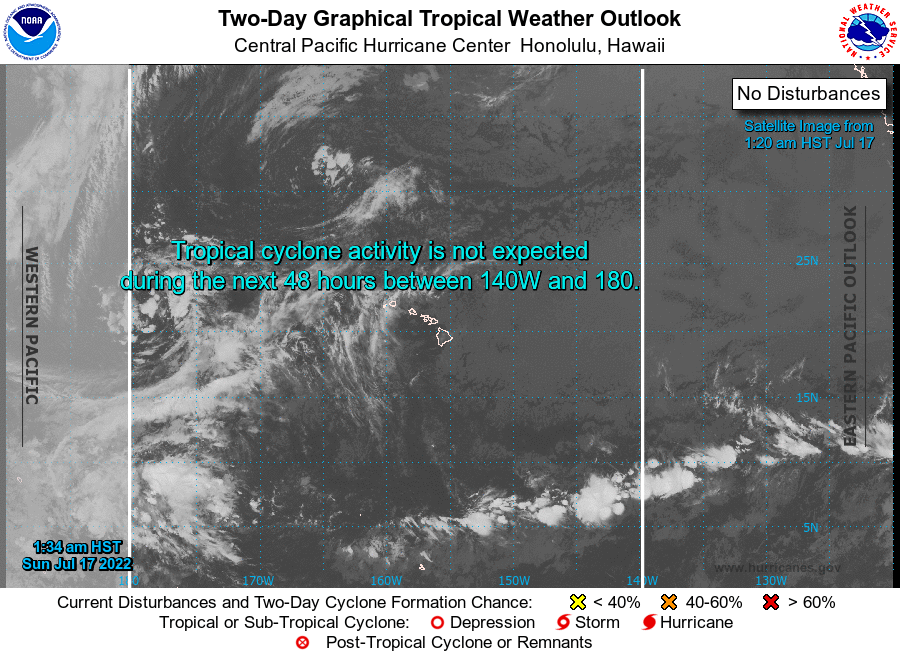
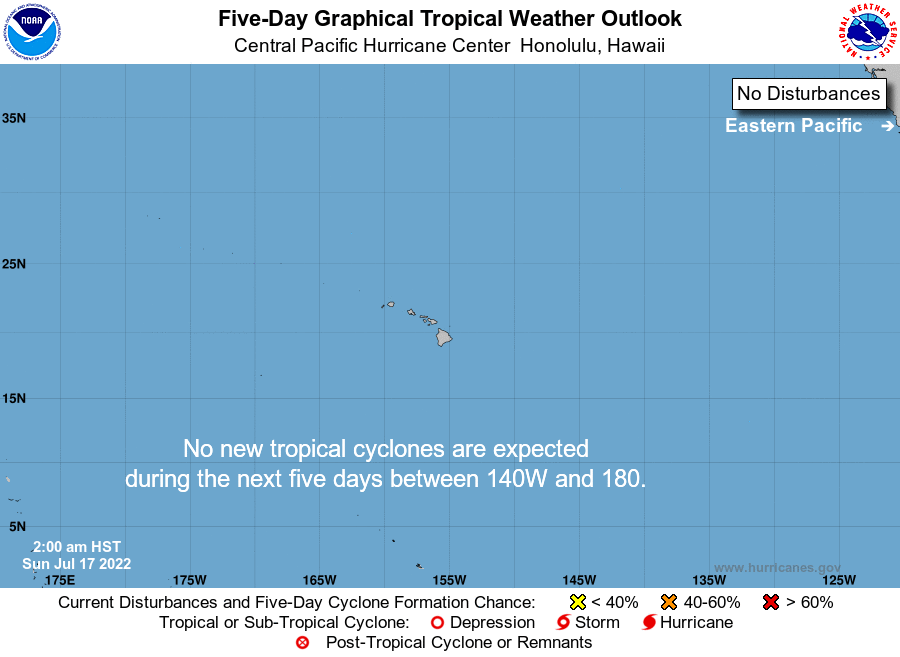
For the central North Pacific...between 140W and 180W:

No tropical cyclones are expected during the next 5 days.

Forecaster Almanza